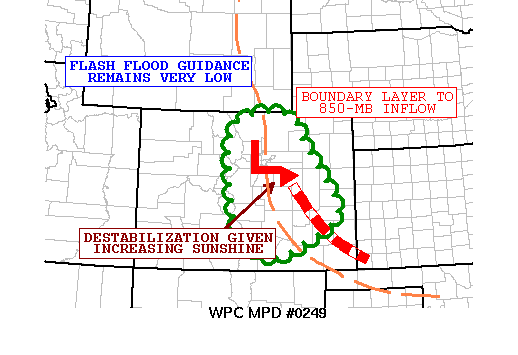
AREAS AFFECTED...CO

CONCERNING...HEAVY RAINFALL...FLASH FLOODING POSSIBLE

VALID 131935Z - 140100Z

SUMMARY...AFTER A BRIEF REPRIEVE FROM THE HEAVY
RAINFALL...ADDITIONAL CONVECTION CAPABLE OF PRODUCING HEAVY
RAINFALL MAY DEVELOP LATER THIS AFTERNOON AND EARLY EVENING GIVEN
DEEP MOISTURE STILL IN PLACE AND DESTABILIZATION GIVEN INCREASING
AMOUNTS OF SUNSHINE.

DISCUSSION...MID AFTERNOON SATELLITE IMAGERY SHOWS BREAKS IN THE
CLOUD COVER OVER PARTS OF COLORADO...WHERE PRECIPITABLE WATER
VALUES REMAINED EXTREMELY HIGH AND MESOSCALE MODELS STILL DEPICT A
DEEP SOUTHEASTERLY UPSLOPE FLOW.  THIS SHOULD LEAD TO LI VALUES
DECREASING TO AROUND MINUS 6 AS ANOTHER BATCH OF MOISTURE MOVES
NORTHWARDS AND ENCOUNTERS THE INCREASINGLY UNSTABLE AIRMASS.

THE LATE MORNING RAP AND HRRR DEPICT THIS SCENARIO
REASONABLY...WHICH INCREASES THE CONFIDENCE IN MODEL FORECASTS OF
MORE CONVECTION FORMING AND MOVING NORTH ALONG THE FRONT RANGE.
ONE POTENTIAL LIMITING FACTOR MAY BE THE VEERING AND...AND
THEREFORE CROSS MOUNTAIN FLOW...AT OR ABOVE 700 MB IN RESPONSE TO
LOW PRESSURE AT MID LEVELS OVER PARTS OF UT.